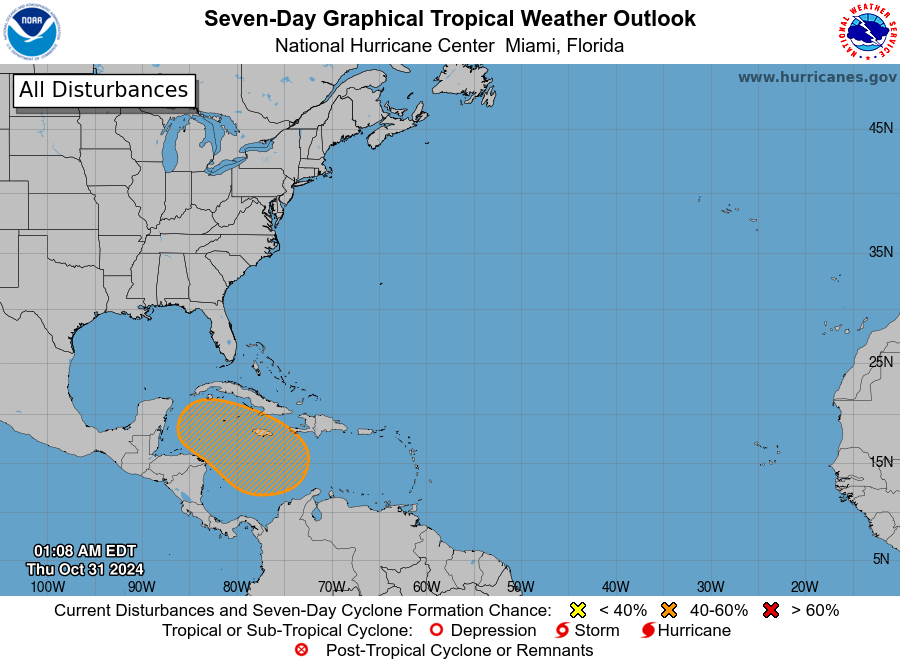
For the North Atlantic...Caribbean Sea and the Gulf of Mexico:

1. Southwestern Caribbean Sea: A broad area of low pressure is likely to develop over the southwestern Caribbean Sea by the end of the week. Gradual development is possible thereafter, and a tropical depression could form over the weekend or early next week while the system drifts generally northward or northwestward over the central or western Caribbean Sea.
* Formation chance through 48 hours...low...near 0 percent.
* Formation chance through 7 days...medium...50 percent.

Forecaster Blake